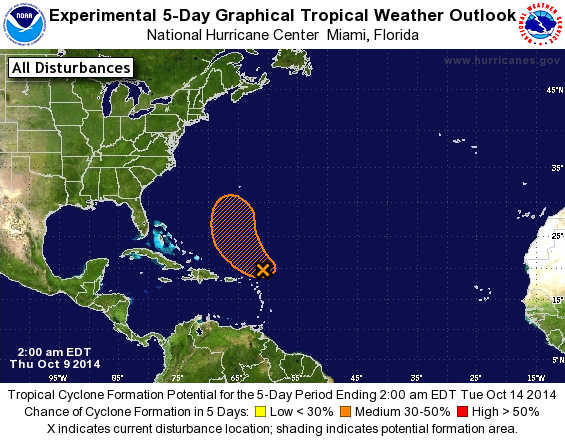
For the North Atlantic...Caribbean Sea and the Gulf of Mexico:

1. Disorganized showers and thunderstorms located several hundred miles northeast of the northern Leeward Islands are associated with a broad surface low pressure area and an upper-level low. Environmental conditions could become a little more conducive for gradual development of this system as a tropical or subtropical cyclone during the next few days while the surface low moves generally northwestward.
* Formation chance through 48 hours...low...20 percent.
* Formation chance through 5 days...medium...30 percent.

Forecaster Cangialosi